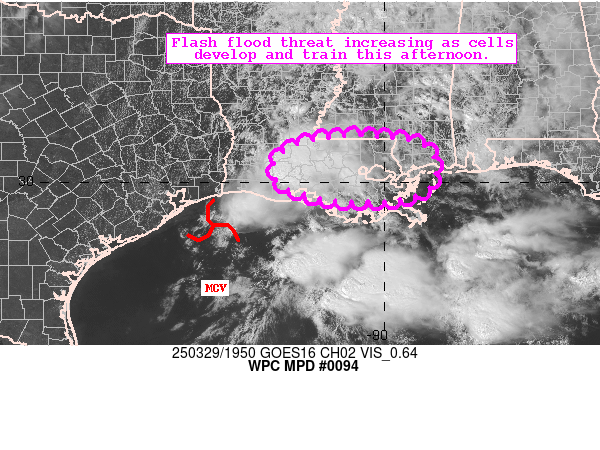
Areas affected...Southeast LA...Far Southwest MS

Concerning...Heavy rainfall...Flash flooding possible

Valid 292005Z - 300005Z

Summary...Showers and thunderstorms are expanding and intensifying
over south-central LA. While a fair amount of uncertainty remains,
training cells with maximum hourly rainfall rates of 2-3"/hour
will support an increasing flash flood threat (possibly
significant) this afternoon.

Discussion...Radar and Day Cloud Phase imagery this afternoon
continues to depict expanding thunderstorm coverage along the
Central Gulf Coast. As this activity matures, radar estimates
hourly rainfall rates of 1.8-2.8"/hour are occurring within the
most intense cores.

This uptick in coverage and intensity is likely in response to 1)
increasing insolation across the region, 2) the approach of an
offshore MCV, and 3) a broad north-south oriented 850 hPa
convergence axis. Near the convection, mesoanalysis estimates of
1500 J/kg MLCAPE (in a saturated and "skinny" profile), PWAT of
1.6-1.7", and 20 kts of effective bulk shear suggest cells should
maintain enough organization to realize the moist and unstable
environment. Over the next several hours, expect areas downstream
to fill in where cumulus is showing increasing development, and
train as the slow moving forcing aligns with the mean flow.

With all of this said, there remains a fair amount of uncertainty
amongst the CAM suite with how the convection evolves through
tonight. However, through 0z, the 12z HREF suite depits increasing
probabilities of 6 hour QPF exceeding the 10 to 100 year ARI,
generally focused over Southeast LA (45% and 35%, respectively).
This suggests an increasing threat of flash flooding over the next
several hours, some of which could be significant -- particularly
over vulnerable urban areas.